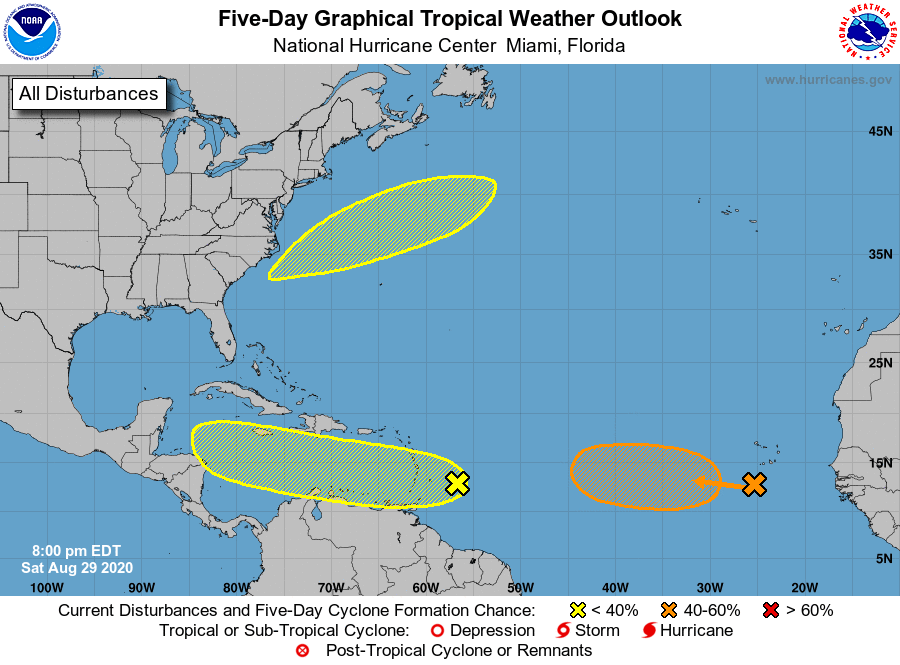
For the North Atlantic...Caribbean Sea and the Gulf of Mexico:

1. A tropical wave located a few hundred miles east of the Windward Islands is producing disorganized showers and thunderstorms. Some gradual development of this system is possible during the next several days while it moves westward at 15 to 20 mph through the Lesser Antilles and the eastern and central Caribbean Sea. Regardless of development, this system will likely produce gusty winds and locally heavy rainfall across portions of the Windward and Leeward Islands on Sunday.
* Formation chance through 48 hours...low...20 percent.
* Formation chance through 5 days...low...30 percent.

2. Another tropical wave is located over the eastern Atlantic Ocean just southwest of the Cabo Verde Islands. This system is expected to move very slowly for the next several days, and some development is possible early next week over the eastern or central tropical Atlantic.
* Formation chance through 48 hours...low...near 0 percent.
* Formation chance through 5 days...medium...40 percent.

3. A low pressure area is expected to form off of the southeastern coast of the United States by early next week. Additional subsequent development is possible as the system moves east-northeastward across the northwestern Atlantic Ocean.
* Formation chance through 48 hours...low...near 20 percent.
* Formation chance through 5 days...low...30 percent.

Forecaster Pasch